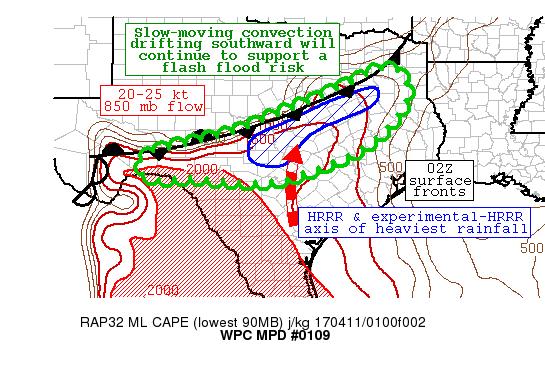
AREAS AFFECTED...CENTRAL TO NORTHEASTERN TX...

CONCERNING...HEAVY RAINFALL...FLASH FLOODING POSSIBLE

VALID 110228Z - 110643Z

SUMMARY...SLOW-MOVING CONVECTION CONTINUES TO FOCUS ON A FRONTAL
ZONE DRIFTING TOWARD THE SOUTH AND EAST. LOCALLY HEAVY RAINFALL
MAY PRODUCE FLASH FLOODING WHERE CELLS TRAIN...PARTICULARLY OVER
AREAS AFFECTED EARLIER IN THE EVENING. RAINFALL RATES APPROACHING
1.50 INCHES ARE LIKELY WITHIN THE MORE ROBUST CONVECTION.

DISCUSSION...THE 02Z SURFACE ANALYSIS INDICATED A SLOW-MOVING
FRONT STRETCHING SOUTHWEST-TO-NORTHEAST ACROSS MUCH OF CENTRAL TX.
SEMI-ORGANIZED CONVECTION HAS CONTINUED TO FIRE ALONG AND AHEAD OF
THIS BOUNDARY WITHIN A HIGHLY BUOYANT THERMODYNAMIC ENVIRONMENT.
RECENT 00Z SOUNDINGS SHOW IMPRESSIVE LEVELS OF INSTABILITY
REMAINING. IN PARTICULAR...WITHIN THE UNPERTURBED ENVIRONMENT
AROUND DEL RIO TX...THE DRT SOUNDING CONTAINED ALMOST 3000 J/KG OF
MIXED-LAYER CAPE...ALTHOUGH SOME CAPPING ISSUES WERE NOTED BETWEEN
800-700 MB. THE 01Z RAP OBJECTIVE ANALYSIS INDICATES MUCH OF THE
WARM SECTOR IS GENERALLY UNCAPPED WITHIN THE REGION OF MOIST
INFLOW. RECENT RUNS OF THE RAP DO SHOW AN UPTICK IN THE 850-MB
FLOW TO AROUND 25 KNOTS BY ROUGHLY 06Z. THE CURRENT CONVECTION
SHOULD REMAIN RELATIVELY WELL ORGANIZED AND EVENTUALLY DEVELOP A
COLD POOL TO BECOME MORE FORWARD-PROPAGATING OVERNIGHT. THIS HAS
BEEN DELAYED RELATIVE TO THE 12Z CAM SOLUTIONS. PERHAPS AN
UPSTREAM IMPULSE NOTED IN WATER VAPOR IMAGERY MAY ENCOURAGE THIS
TRANSITION TO OCCUR DURING THE NEXT FEW HOURS OR SO.

AS ALLUDED TO EARLIER...MODEL SOLUTIONS HAVE DONE A POOR JOB
HANDLING THE AFTERNOON/EVENING CONVECTIVE ACTIVITY. ALL OF THE 12Z
CAMS DEPICTED AN MCS MOVING TOWARD THE TX GULF COAST BY 06-08Z
WHICH IS NOT LIKELY GIVEN CURRENT RADAR/SATELLITE TRENDS.
INTERESTINGLY...THE 17Z EXPERIMENTAL-HRRR WAS THE ONLY SOLUTION
KEEPING CONVECTION WELL TO THE NORTH WHICH APPEARS TO BE CLOSER TO
THE TRUTH THAN INITIALLY BELIEVED. THE LAST COUPLE OF RUNS OF THE
OPERATIONAL HRRR FOLLOW THIS EVOLUTION AS WELL. BOTH SIGNAL A
HEFTY AXIS OF CONVECTION THROUGH 08Z JUST SOUTH OF THE FRONT FROM
EAST OF JUNCTION TX TO SOUTHWEST OF TYLER TX. CONFIDENCE DOES
REMAIN BELOW AVERAGE BUT IT APPEARS THE FLASH FLOOD THREAT DOES
REMAIN INTO THE OVERNIGHT HOURS.